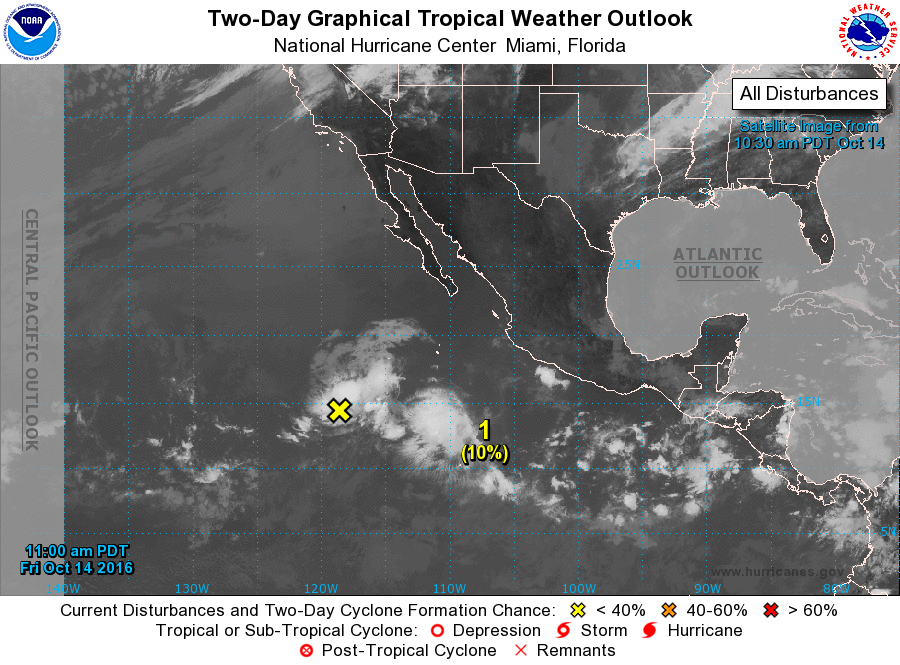
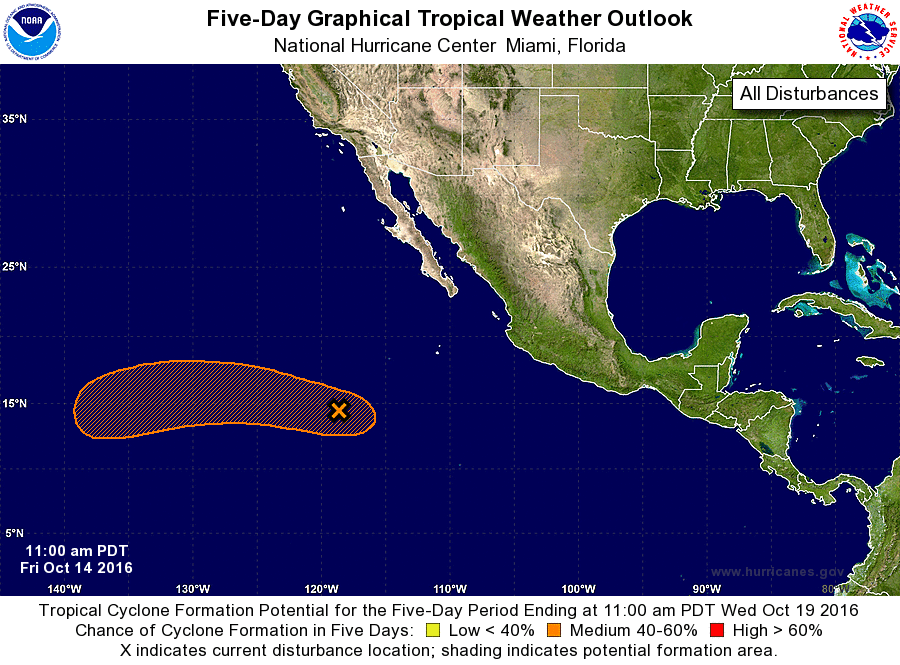
For the eastern North Pacific...east of 140 degrees west longitude:

1. A broad area of low pressure located several hundred miles southwest of the southern tip of the Baja California peninsula continues to produce disorganized showers and thunderstorms. Some gradual development of this disturbance is possible during the next several days while it moves generally westward at 15 mph.
* Formation chance through 48 hours...low...10 percent
* Formation chance through 5 days...medium...50 percent

Forecaster Roberts